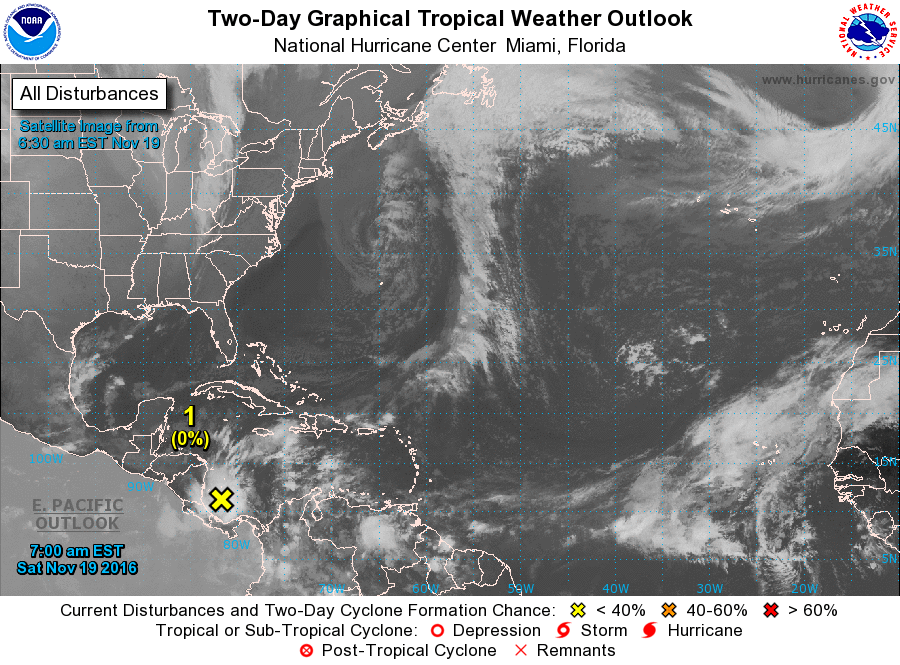
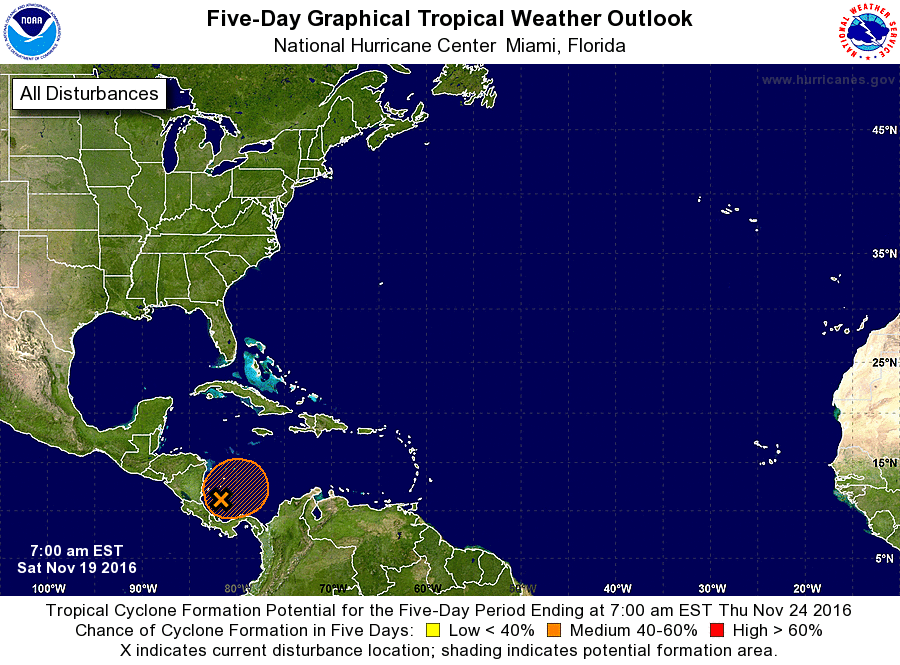
For the North Atlantic...Caribbean Sea and the Gulf of Mexico:

1. Showers and thunderstorms have continued to increase overnight in association with a broad area of low pressure over the southwestern Caribbean Sea. However, the shower and thunderstorm activity continues to remain disorganized, and surface pressures have not fallen any further. Upper-level winds are expected to be only marginally conducive for development over the next couple of days. After that time, environmental conditions are expected to be more conducive for gradual development, and a tropical depression could still form early next week while the low moves slowly and erratically.
* Formation chance through 48 hours...low...near 0 percent
* Formation chance through 5 days...medium...50 percent

Forecaster Kimberlain